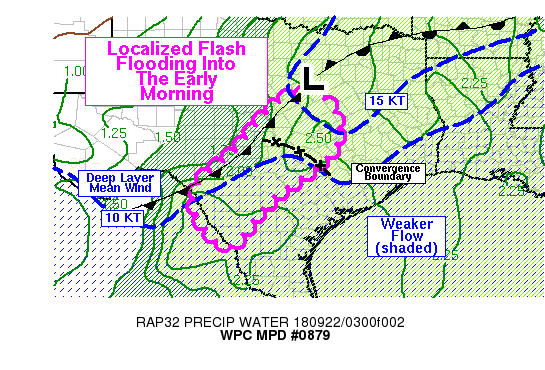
Areas affected...South-Central and Central Texas

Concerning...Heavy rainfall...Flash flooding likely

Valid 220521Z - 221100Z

Summary...Scattered thunderstorms were gradually developing ahead
of a steadily advancing cold front across portions of central
Texas. Some storms were beginning to stall in the general vicinity
of the I-35 corridor in central Texas. As storms stall and/or
backbuild, this could lead to locally significant rainfall totals.
Flash flooding would be likely in these areas. Rain rates may
approach or exceed 3 in/hr in the strongest, nearly-stationary
storms.

Discussion...Flash flooding appears likely across parts of
south-central and central Texas into the early morning hours. This
may be somewhat localized, however, as the convective coverage is
more scattered south of the Dallas area, albeit slowly increasing
ahead of the cold front. KGRK and KEWX radars have showed a few
thunderstorm clusters with a propensity to stall, and this
appeared to be occurring in two key areas: (1) a focused area of
low-level moisture flux convergence from KBMQ-KGYB, or just on the
north side of the Austin area, and (2) in an area of weaker flow
closer to San Antonio. The net effect has been localized radar
rain rate estimates in excess of 2 in/hr, and even approaching 3-4
in/hr in some cases. These would be likely to produce flash
flooding, particularly in the typically vulnerable Balcones
Escarpment region near Austin and San Antonio. Hi-res models
almost all show localized 6-hr rainfall maxima in excess of 6
inches, but vary on the placement. This is to be expected given
the lack of a stationary, strong low-level forcing mechanism and
the scattered nature of convection at the moment. However, given
the demonstrated tendency for ongoing convection to stall, these
isolated extreme rainfall amounts seem plausible. GPS-PW
observations in the region are in the 2.1 to 2.4 inch range with
deep tropical moisture promoting highly efficient rain processes.
RAP analysis shows MLCAPE around 1000 j/kg, which should be more
than sufficient to support vigorous convection capable of
producing extreme rain rates given the available moisture.